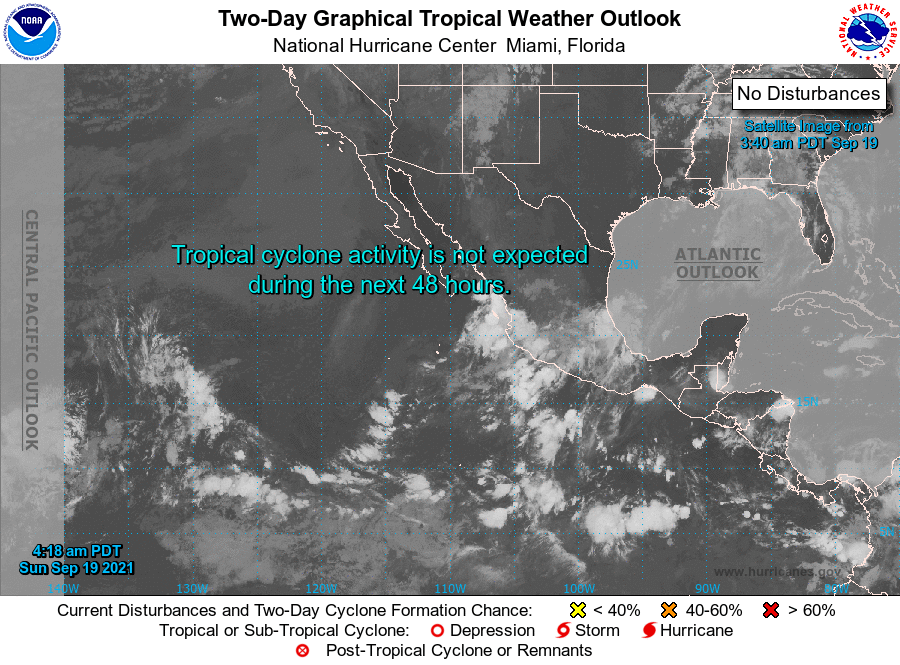
For the eastern North Pacific...east of 140 degrees west longitude:

1. An area of low pressure could form several hundred miles southwest of the southern tip of the Baja California peninsula in a few days. Gradual development of the system will be possible thereafter while it moves generally northwestward at 10 to 15 mph through the middle of next week.
* Formation chance through 48 hours...low...near 0 percent.
* Formation chance through 5 days...low...20 percent.

Forecaster Latto